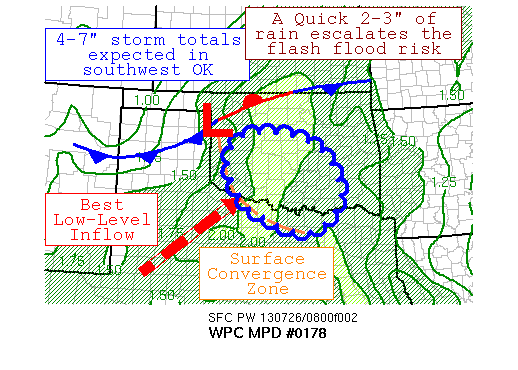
AREAS AFFECTED...SOUTHWEST OK...NORTH-CENTRAL TX

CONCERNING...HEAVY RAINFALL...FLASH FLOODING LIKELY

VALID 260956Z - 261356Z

SUMMARY...CONTINUED HEAVY RAINS ACROSS SOUTHWEST AND SOUTH-CENTRAL
OK, POSSIBLY TOTALING 4-7 INCHES, WILL LEAD TO FLASH FLOODING.
FLASH FLOODING IS POSSIBLE ACROSS NORTH-CENTRAL TEXAS OVER THE
NEXT SEVERAL HOURS AS CONVECTION FROM OK MOVES INTO THE REGION AND
LEADS TO A QUICK 2-3 INCHES OF RAINFALL.

DISCUSSION...A BURGEONING THUNDERSTORM AREA ATTEMPTING TO REACH
MESOSCALE CONVECTIVE COMPLEX PROPORTIONS IS MOVING SOUTHEAST
THROUGH SOUTHWESTERN OK.  RAINFALL TOTALS SO FAR ACROSS
WEST-CENTRAL OK HAVE BEEN IN THE 2-4 INCH RANGE.  AS THE COMPLEX
IS SHOWING NO SIGNS OF WEAKENING, AND MASS FIELDS FROM THE LATEST
RAP RUNS SHOW NO WEAKENING OF THE LOW-LEVEL INFLOW INTO THE
SYSTEM, BELIEVE THE HEAVIEST RAINS WILL CONTINUE SLIDING TO THE
NORTHEAST OF AN OUTFLOW BOUNDARY ACROSS NORTH-CENTRAL TX AND
WESTERN OK AS THE SYSTEM MAINTAINS ITS INTEGRITY OVER THE NEXT
SEVERAL HOURS.  MUCAPE VALUES REMAIN IN THE 1000 J/KG RANGE ACROSS
THE REGION, AND 850 HPA INFLOW REMAINS IN THE 30-35 KNOT RANGE.
PRECIPITABLE WATER VALUES ARE WITHIN THE 70TH TO 80TH PERCENTILE
FOR LATE JULY FOR THE REGION, AT OR ABOVE TWO INCHES.  FLASH FLOOD
GUIDANCE VALUES ARE APPROXIMATELY 2-2.5 INCHES IN THREE HOURS
ACROSS THE REGION.  AN ADDITIONAL 2-3 INCHES OF RAINFALL IS
POSSIBLE, WHICH IS LIKELY TO CAUSE FLASH FLOODING ACROSS SOUTHWEST
OK AND COULD CAUSE FLASH FLOODING ACROSS NORTH-CENTRAL TX.